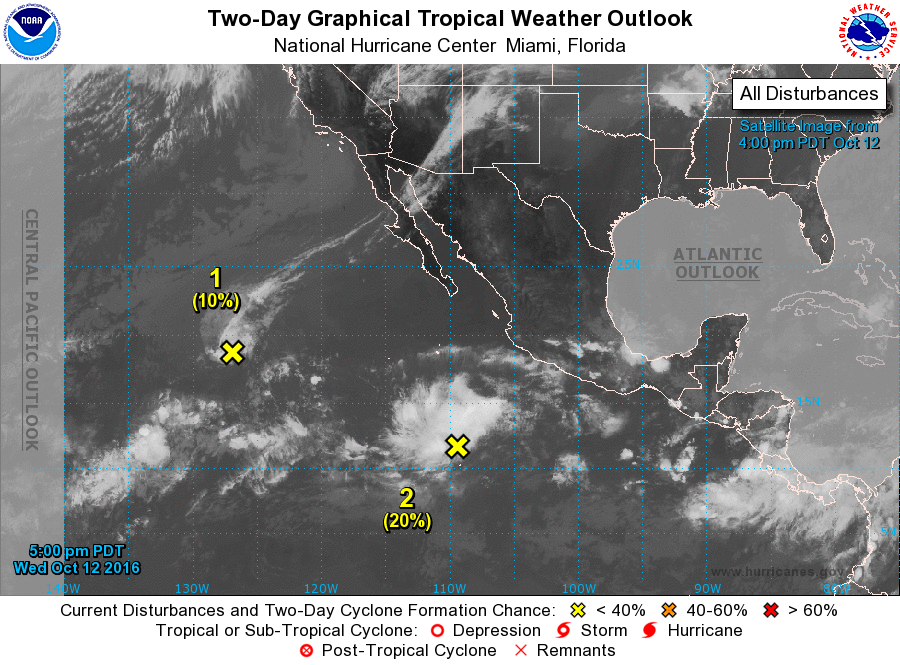
For the eastern North Pacific...east of 140 degrees west longitude:

1. An area of low pressure located more than a thousand miles west- southwest of the southern tip of the Baja California peninsula is producing a small area of showers and a few thunderstorms. The low is beginning to reach cool waters, and tropical cyclone formation is not expected while the system moves westward at 10 to 15 mph.
* Formation chance through 48 hours...low...10 percent
* Formation chance through 5 days...low...10 percent

2. Disorganized showers and thunderstorms located several hundred miles southwest of the southern coast of Mexico are associated with a broad area of low pressure. Some slow development of this system is possible during the next several days while the low moves west-northwestward at 15 to 20 mph away from the coast of Mexico.
* Formation chance through 48 hours...low...20 percent
* Formation chance through 5 days...medium...40 percent

Forecaster Cangialosi